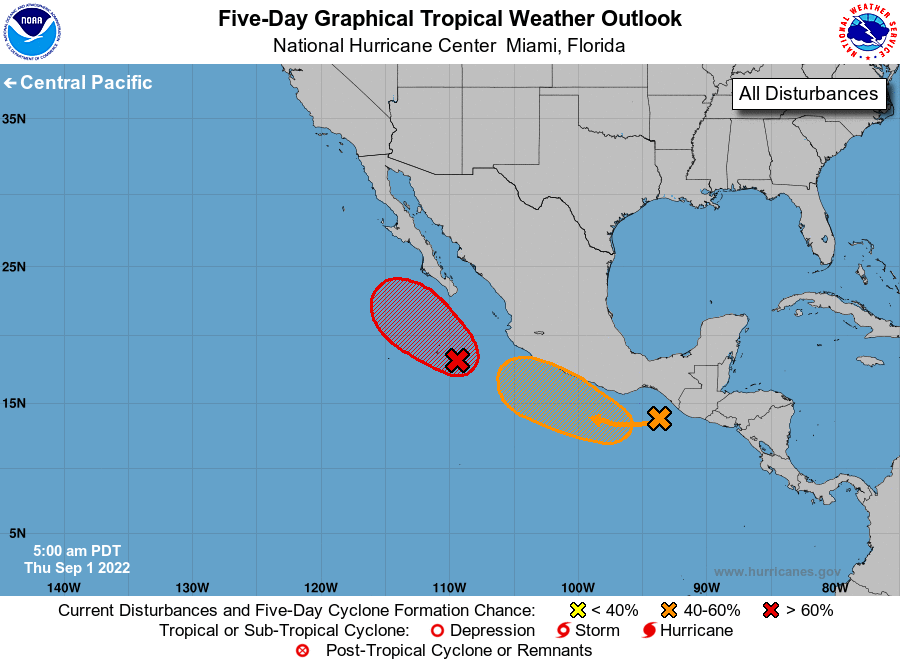
For the eastern North Pacific...east of 140 degrees west longitude:

1. Offshore of West-Central Mexico: Showers and thunderstorms associated with an area of low pressure located about 300 miles south of the southern tip of the Baja California peninsula have become a little better organized overnight. Environmental conditions appear favorable for development of this system, and a tropical depression or tropical storm is forecast to form during the next day or so while moving northwestward at about 10 mph, likely remaining a couple of hundred miles off the western coast of Baja California Sur. Additional information on this system, including gale warnings, can be found in High Seas Forecasts issued by the National Weather Service.
* Formation chance through 48 hours...high...90 percent.
* Formation chance through 5 days...high...90 percent.

2. South of Southern Mexico: An area of disturbed weather has formed over the Gulf of Tehuantepec. Gradual development of this system is possible during the next several days, and a tropical depression could form late this weekend or early next week while it moves westward or west-northwestward near the coast of southern and southwestern Mexico.
* Formation chance through 48 hours...low...10 percent.
* Formation chance through 5 days...medium...60 percent.

High Seas Forecasts issued by the National Weather Service can be found under AWIPS header NFDHSFEPI, WMO header FZPN02 KWBC, and on the web at ocean.weather.gov/shtml/NFDHSFEPI.php

Forecaster Cangialosi